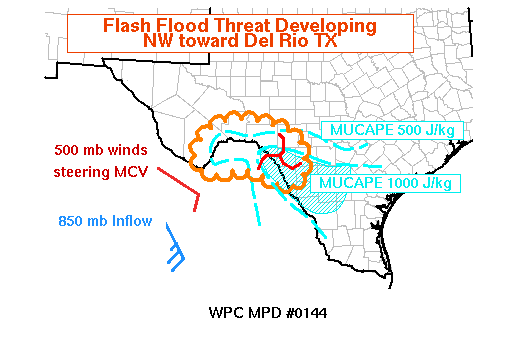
AREAS AFFECTED...FAR S TX...SW TX

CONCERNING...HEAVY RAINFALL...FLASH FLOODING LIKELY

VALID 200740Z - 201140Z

SUMMARY...A SMALL BUT INTENSE HEAVY RAIN EVENT HAS POTENTIAL TO
PERSIST...OWING TO NEARLY STEADY STATE INFLOW...LIFT...AND
INSTABILITY. A GRADUAL MIGRATION TO THE NORTHWEST WILL BRING THIS
EVENT INTO THE MORE POPULATED AREA ALONG HIGHWAY 90 INCLUDING
IN/AROUND DEL RIO TX.

DISCUSSION...EVEN THE HIGH RESOLUTION MODELS WOULD HAVE A
DIFFICULT TIME CAPTURING THE MCV WHICH MAY BE ROUGHLY 30 MILES
ACROSS. LIFT IS STRONG NEAR THIS FEATURE AS EVIDENCED BY FLEDGLING
RADAR ECHOES BLOSSOMING AND ACCELERATING INTO THE CORE...SOMETIMES
TAKING ON SPIRAL BANDED STRUCTURE. STILL...DESPITE ERRORS IN THE
MODEL PLACEMENT AND EVOLUTION...THE NSSL WRF...WRF-ARW...AND HRRR
ALL FORECAST CONTINUED CONVECTION THROUGH 12Z AND PERHAPS BEYOND.
GIVEN LIGHT SOUTHEASTERLY STEERING WINDS IN THE LAYER OF MAXIMUM
LATENT HEAT RELEASE / LAYER OF THE MCV / WOULD EXPECT A SLOW
NORTHWEST DRIFT OF THE FEATURE. PREFERRED DEVELOPMENT OF FEEDER
CELLS SHOULD CONTINUE ALONG THE SE AND S FLANK WHERE 850 MB INFLOW
EMANATES FROM A REGION OF 500-1000 J/KG MUCAPE WHICH THE HRRR
FORECASTS TO MIGRATE NORTHWEST WITH THE SYSTEM.

RECENT OBS OF 5.25 INCH RAIN AT BRACKETVILLE MATCHES CLOSELY TO
THE DUAL POL RADAR ESTIMATES...WHICH SHOULD BE PERFORMING WELL
THIS CLOSE TO KDFX. RADAR SUGGESTS MORE THAN A FOOT OF RAIN HAS
LIKELY FALLEN OVER RURAL KINNEY/MAVERICK COUNTIES....WITH HOURLY
RATES OVER 3 INCHES. RATES MAY DECREASE WITHIN THE COOLER MORNING
HOURS...BUT ALL ELSE REMAINS FAVORABLE FOR 2-3 INCH/HR RATES
MOVING INTO MORE HEAVILY POPULATED AREAS WHERE FLASH FLOOD IMPACTS
COULD BECOME MORE SEVERE.